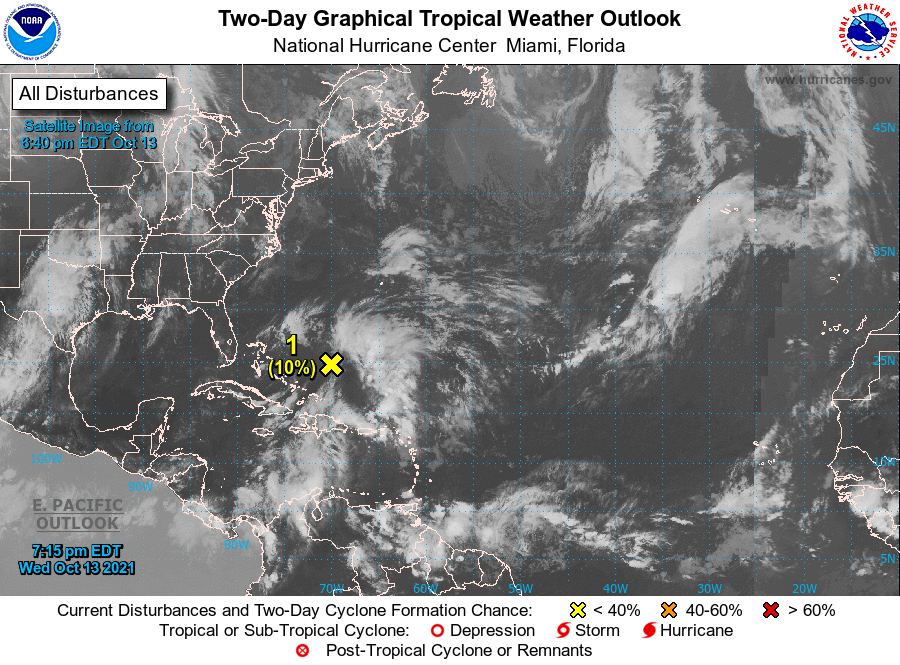
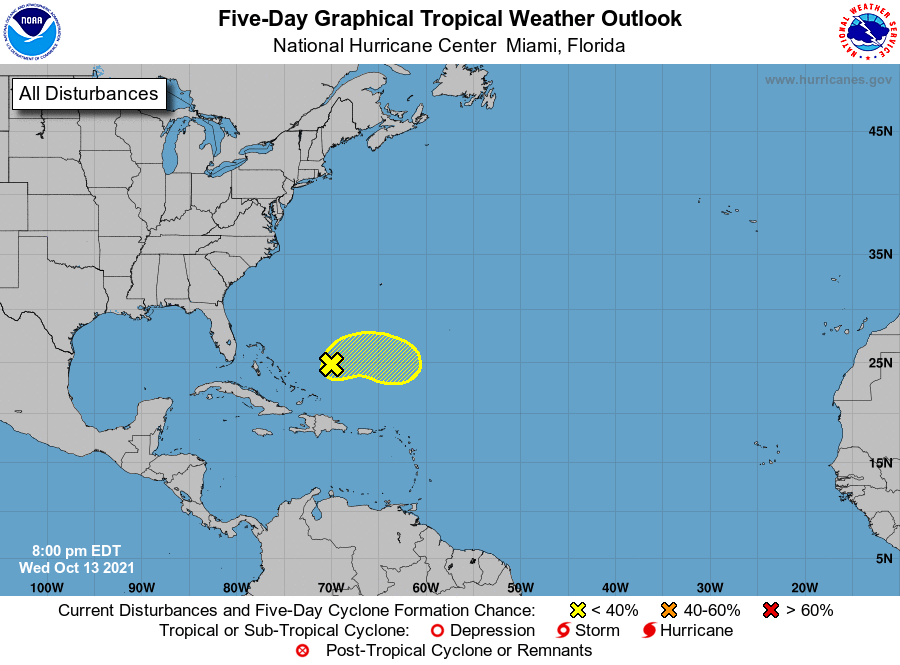
For the North Atlantic...Caribbean Sea and the Gulf of Mexico:

1. A broad area of low pressure located a couple of hundred miles northeast of the Turks and Caicos continues to produce a large area of disorganized cloudiness and thunderstorms well to the east and northeast of its center. Strong upper-level winds are expected to prevent significant development of this system during the next day or two. The low is forecast to move little through tonight, then accelerate eastward on Thursday. On Friday, the disturbance is forecast to interact with a frontal system and further development is not anticipated after that time.
* Formation chance through 48 hours...low...10 percent.
* Formation chance through 5 days...low...10 percent.

Forecaster Brown